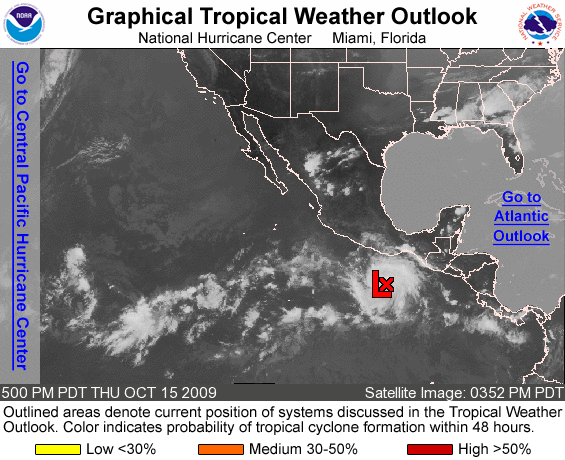
FOR THE EASTERN NORTH PACIFIC...EAST OF 140 DEGREES WEST LONGITUDE..

THE NATIONAL HURRICANE CENTER IS ISSUING ADVISORIES ON NEWLY-FORMED TROPICAL DEPRESSION TWENTY-E...LOCATED ABOUT 385 MILES SOUTH- SOUTHEAST OF ACAPULCO MEXICO.

ELSEWHERE...TROPICAL CYCLONE FORMATION IS NOT EXPECTED DURING THE NEXT 48 HOURS.

PUBLIC ADVISORIES ON TROPICAL DEPRESSION TWENTY-E ARE ISSUED UNDER WMO HEADER WTPZ35 KNHC AND UNDER AWIPS HEADER MIATCPEP5. FORECAST/ADVISORIES ARE ISSUED UNDER WMO HEADER WTPZ25 KNHC AND UNDER AWIPS HEADER MIATCMEP5.

FORECASTER BLAKE